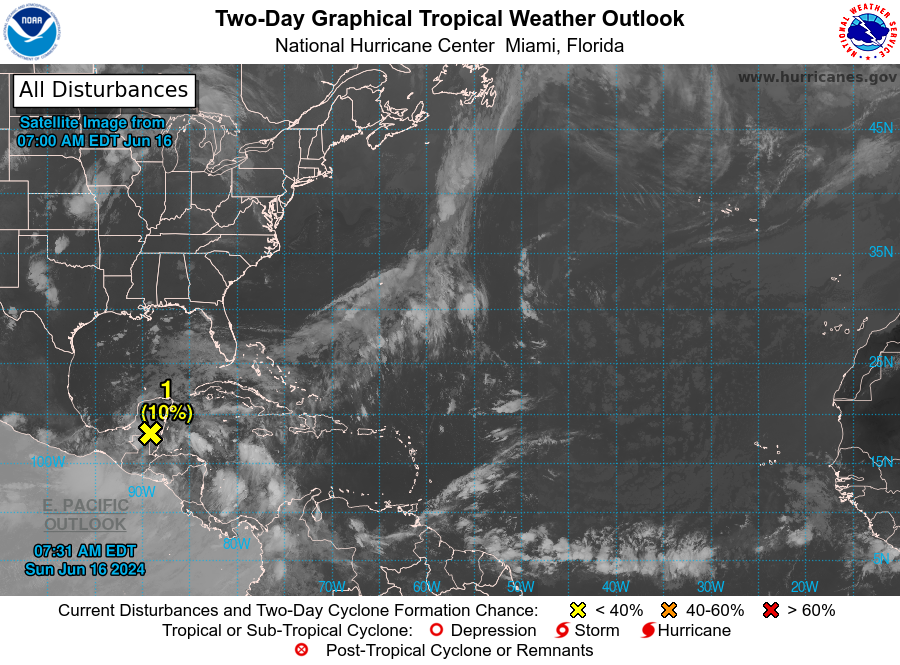
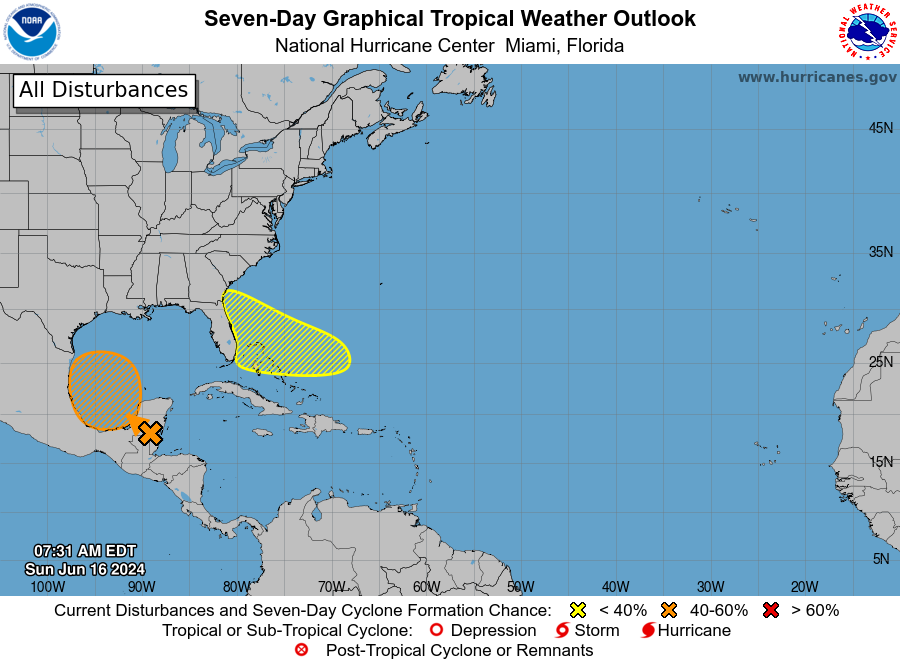
For the North Atlantic...Caribbean Sea and the Gulf of Mexico:

1. Southwestern Gulf of Mexico: A large area of disturbed weather has formed over Central America, the Yucatan Peninsula of Mexico, and the adjacent waters of the northwestern Caribbean Sea. A broad area of low pressure is forecast to form from this system over the southwestern Gulf of Mexico in a day or two. Environmental conditions appear conducive for gradual development of this system, and a tropical depression could form by midweek while it moves slowly westward or west-northwestward. Regardless of development, several days of heavy rainfall are expected across portions of southern Mexico and Central America. These rains are likely to cause life-threatening flooding and flash flooding.
* Formation chance through 48 hours...low...10 percent.
* Formation chance through 7 days...medium...60 percent.

2. Southwestern Atlantic Ocean: An area of low pressure is forecast to form by midweek a few hundred miles northeast of the central Bahamas. Environmental conditions could be conducive for some development of this system thereafter while it moves westward or west-northwestward.
* Formation chance through 48 hours...low...near 0 percent.
* Formation chance through 7 days...low...30 percent.

Forecaster Beven